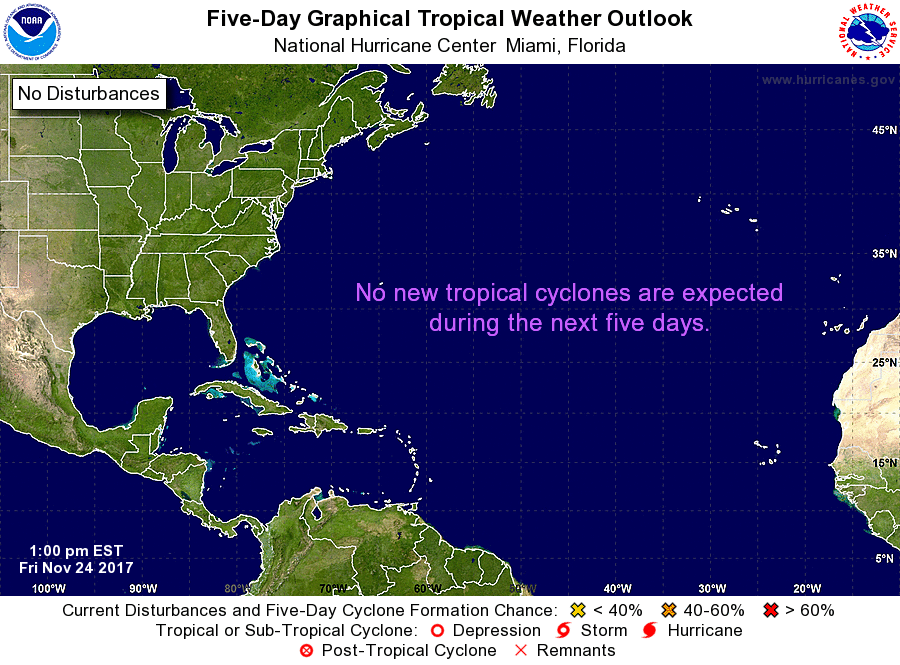
For the North Atlantic...Caribbean Sea and the Gulf of Mexico:

Tropical cyclone formation is not expected during the next 5 days.

Forecaster Beven